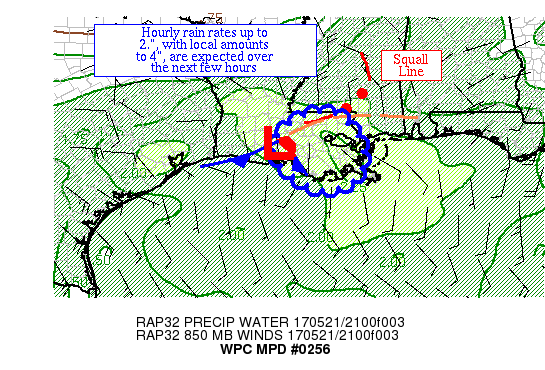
AREAS AFFECTED...SOUTHEAST LA

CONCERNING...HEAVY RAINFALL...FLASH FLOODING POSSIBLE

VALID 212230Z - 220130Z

SUMMARY...THUNDERSTORMS CONTINUE TO MASS ACROSS SOUTHEAST LA AHEAD
OF A MESOSCALE WAVE.  HOURLY RAIN RATES UP TO 2.5", WITH LOCAL
AMOUNTS TO 4", REMAIN POSSIBLE OVER THE NEXT FEW HOURS.

DISCUSSION...THE TAIL END OF A FORWARD PROPAGATING CONVECTIVE LINE
IS DROPPING SLOWLY INTO SOUTH-CENTRAL LA AT THIS TIME, AS A
MESOSCALE WAVE NEAR NEW IBERIA IS HOLDING UP FORWARD PROGRESSION.
THIS REGION IS UNDER THE BASE OF A SHORTWAVE MOVING ACROSS
SOUTHEAST AR AT THIS TIME.  RADAR ESTIMATES CONTINUE TO INDICATE
2.5" AN HOUR RAIN RATES WHERE CELLS MERGE AND SHORT PERIODS OF
TRAINING OCCUR.  MOTION OF THE ACTIVITY HAS BEEN CHAOTIC, AS
THUNDERSTORMS HAVE BEEN MOVING INTO THE REGION FROM THE SOUTH NEAR
ST. MARY PARISH, BUT THE GROUPING HAS BEEN MOVING SOUTHEAST AT 15
KTS.  THIS IS DOUBLING THE STORM BASE INFLOW, AS 850 HPA WINDS ARE
FROM THE EAST-SOUTHEAST AT 15 KTS.  PRECIPITABLE WATER VALUES
REMAIN NEAR 2" AND THE MUCAPE GRADIENT IS ALIGNED
NORTHWEST-SOUTHEAST, HELPING TO EXPLAIN CELL MOTION.  LOW-LEVEL
INFLOW IS FROM THE SOUTHEAST, NOT FROM THE MAIN INSTABILITY POOL
NEAR MARSH ISLAND, IMPORTING MUCAPES OF 1000-3000 J/KG INTO THE
CLUSTER.  EFFECTIVE BULK SHEAR IS AROUND 40 KTS.

THE EXPECTATION IS FOR THE CONVECTIVE PROFILE ALONG THE DIRECTION
OF MOTION TO EVENTUALLY NARROW WITH TIME AS THE MESOSCALE WAVE
SHIFTS SOUTHEAST INTO THE GULF OF MEXICO, WHICH SHOULD CAUSE THE
HEAVY RAIN THREAT TO WANE OVER THE NEXT FEW HOURS.  AS THE
ARKANSAS SHORTWAVE MOVES FARTHER AFIELD, DIVERGENCE ALOFT SHOULD
SOMEWHAT LESSEN WITH TIME.  UNTIL THEN, HOURLY RAIN RATES UP TO
2.5" REMAIN POSSIBLE.  THE MESOSCALE GUIDANCE GENERALLY INDICATES
LOCAL AMOUNTS TO 4" DURING THE NEXT SEVERAL HOURS, WHICH SEEMS
REASONABLE.